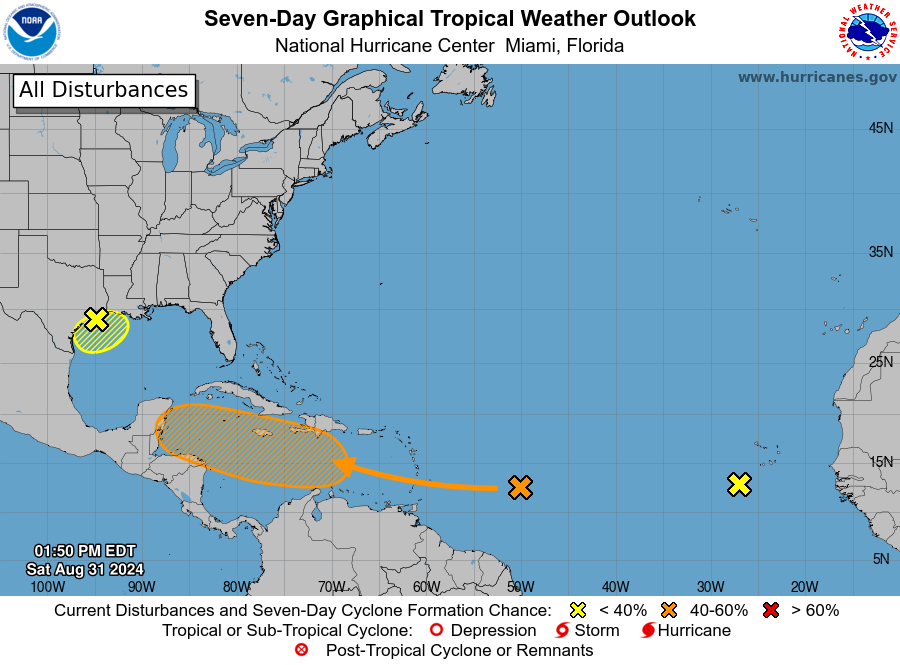
For the North Atlantic...Caribbean Sea and the Gulf of Mexico:

1. Northwestern Gulf of Mexico: A broad area of low pressure near the upper Texas coast is producing some disorganized showers and thunderstorms along and just offshore the coasts of Texas and Louisiana. This system is expected to linger near the coast through much of next week, and some slow development is possible if it meanders offshore. Regardless of development, heavy rains could cause some flash flooding across portions of coastal Louisiana and the upper Texas coast during the next few days.
* Formation chance through 48 hours...low...10 percent.
* Formation chance through 7 days...low...20 percent.

2. Near the Lesser Antilles and Caribbean Sea: A tropical wave located several hundred miles east of the Lesser Antilles continues to produce some disorganized showers and thunderstorms. The disturbance is forecast to move westward and reach the Lesser Antilles on Monday, then continue across the eastern and central Caribbean Sea through the middle part of next week. Later next week, environmental conditions appear to become more conducive for development, and a tropical depression could form as the system moves across the western Caribbean Sea.
* Formation chance through 48 hours...low...near 0 percent.
* Formation chance through 7 days...medium...40 percent.

3. Eastern Tropical Atlantic: Another tropical wave located just to the west of the Cabo Verde Islands is producing disorganized shower and thunderstorm activity. Development is no longer expected due to unfavorable environmental conditions as the tropical wave moves westward to west-northwestward over the eastern and central tropical Atlantic.
* Formation chance through 48 hours...low...near 0 percent.
* Formation chance through 7 days...low...near 0 percent.

Forecaster Mahoney/Reinhart